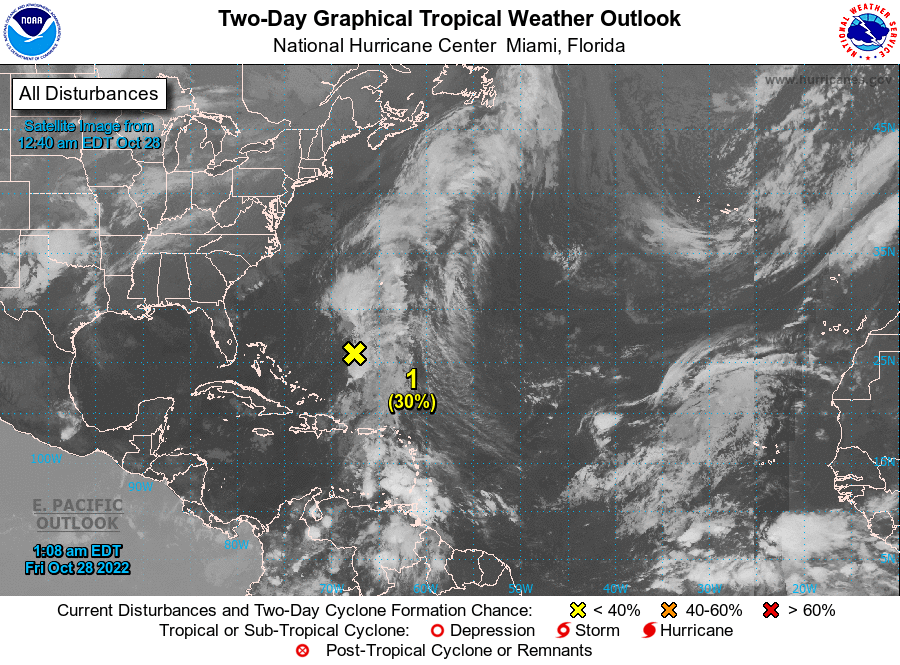
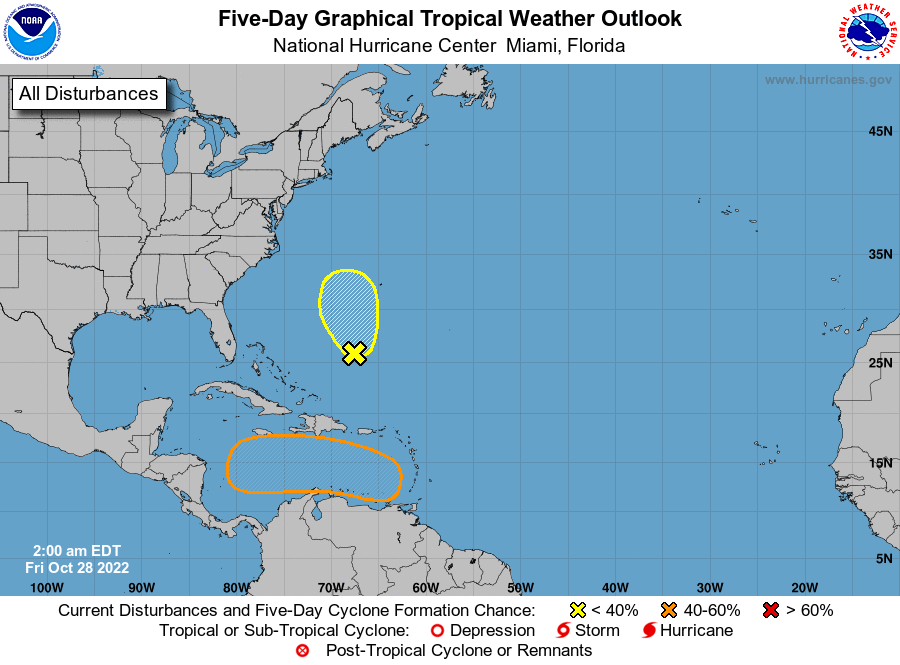
For the North Atlantic...Caribbean Sea and the Gulf of Mexico:

1. Southwestern Atlantic: A trough of low pressure over the southwestern Atlantic Ocean continues to produce a broad area of disorganized showers and thunderstorms. A surface low pressure system is forecast to emerge along the northern portion of the trough axis later tonight or on Friday, and some subsequent development could occur through Saturday. By late Saturday, upper-level winds are forecast to become less conducive for development, and the low is expected to begin interacting with an approaching frontal system.
* Formation chance through 48 hours...low...30 percent.
* Formation chance through 5 days...low...30 percent.

2. Eastern Caribbean: An area of low pressure is expected to form over the eastern Caribbean Sea this weekend, possibly related to the southern portion of an existing trough of low pressure over the area. Environmental conditions are forecast to be conducive for gradual development, and a tropical depression could form early next week while the disturbance moves generally westward or west-northwestward over the central Caribbean Sea.
* Formation chance through 48 hours...low...near 0 percent.
* Formation chance through 5 days...medium...60 percent.

Forecaster Beven